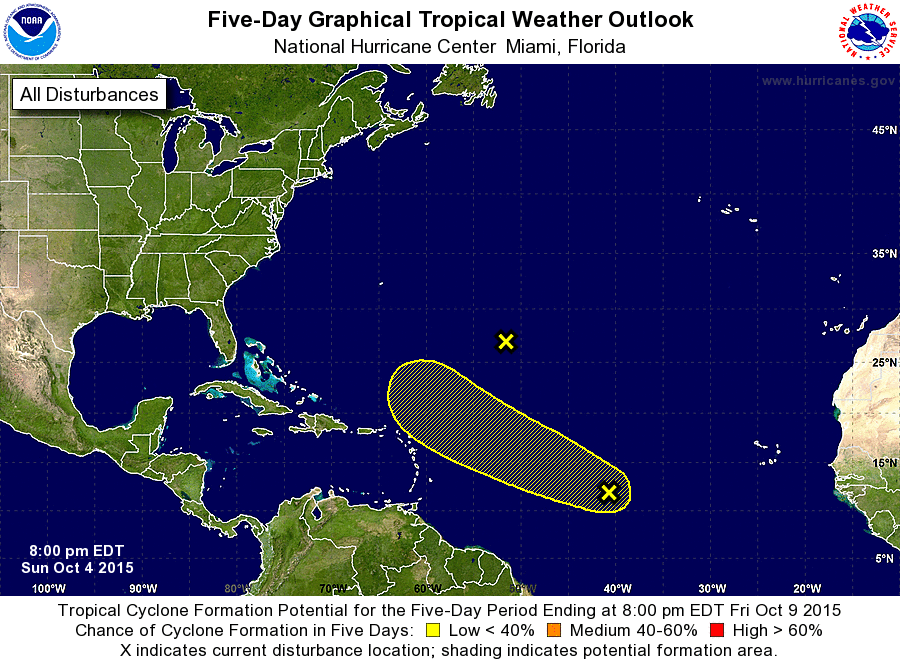
For the North Atlantic...Caribbean Sea and the Gulf of Mexico:

The National Hurricane Center is issuing advisories on Hurricane Joaquin, located about 65 miles west-northwest of Bermuda.

1. An area of low pressure located about 850 miles east-southeast of Bermuda is producing minimal shower activity. Environmental conditions are not conducive for development, and the low is expected to dissipate in a couple of days.
* Formation chance through 48 hours...low...near 0 percent
* Formation chance through 5 days...low...near 0 percent

2. A broad low pressure area located about midway between the Cape Verde Islands and the Lesser Antilles is producing a large area of disorganized showers and thunderstorms. Upper-level winds are not particularly conducive for tropical cyclone formation, and any development of this system should be slow to occur during the next several days while it moves west-northwestward at about 15 mph.
* Formation chance through 48 hours...low...10 percent
* Formation chance through 5 days...low...30 percent

Forecaster Berg